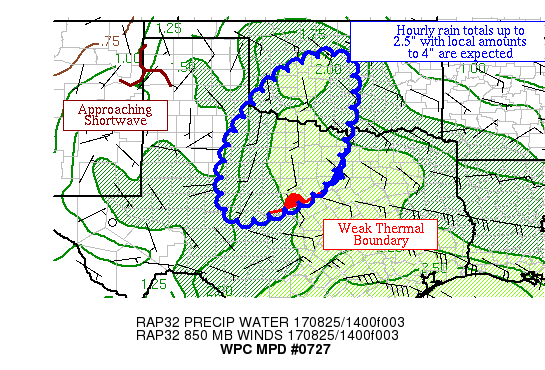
AREAS AFFECTED...NORTHWEST TX & SOUTHWEST OK

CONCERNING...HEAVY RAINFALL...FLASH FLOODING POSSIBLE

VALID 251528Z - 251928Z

SUMMARY...THUNDERSTORMS ARE ATTEMPTING TO CONGEAL ACROSS NORTHWEST
TX AND SOUTHWEST OK.  HOURLY RAIN TOTALS UP TO 2.5" WITH LOCAL
AMOUNTS TO 4" ARE EXPECTED.

DISCUSSION...AN AREA OF PERSISTENT THUNDERSTORMS ACROSS SOUTHWEST
OK ARE BEING JOINED BY NEW ACTIVITY IN NORTHWEST TX.  A SHORTWAVE
MOVING INTO THE TX PANHANDLE IS PROVIDING UPPER LEVEL DIVERGENCE
ACROSS THE REGION.  PRECIPITABLE WATER VALUES ARE ~2".  INFLOW AT
850 HPA IS CONVERGENT AT ~10 KTS PER VAD WIND PROFILES.  EFFECTIVE
BULK SHEAR IN SOUTHWEST OK IS ~25 KTS PER SPC MESOANALYSES.

THE MESOSCALE GUIDANCE HAS A GENERAL SIGNAL FOR SPOTTY LOCAL
AMOUNTS OF 3-4" IN THIS AREA.  TWO WEEK RAIN TOTALS OVER THE AREA
ARE GENERALLY 300-400% OF NORMAL; SOILS ARE PARTIALLY SATURATED
WHICH IS SOMEWHAT REFLECTED IN THE THREE HOURLY FLASH FLOOD
GUIDANCE.  THE EXPECTATION, BASED ON THE SIGNAL IN THE 06Z SSEO
NEIGHBORHOOD PROBABILITIES AS WELL AS THE 850 HPA MASS FIELDS,
SUGGEST THAT THE AXIS OF 850 HPA CONVERGENCE IS EXPECTED TO WEAKEN
AROUND 19Z, WHICH SHOULD ALLOW CONVECTION TO BECOME LESS
CONCENTRATED/ MORE SCATTERED DESPITE INCREASING INSTABILITY
BECOMING AVAILABLE CLOSE TO THE OUTFLOW BOUNDARY/WEAK THERMAL
GRADIENT IN NORTHWEST TX.  HOURLY RAIN RATES UP TO 2.5" ARE
EXPECTED.